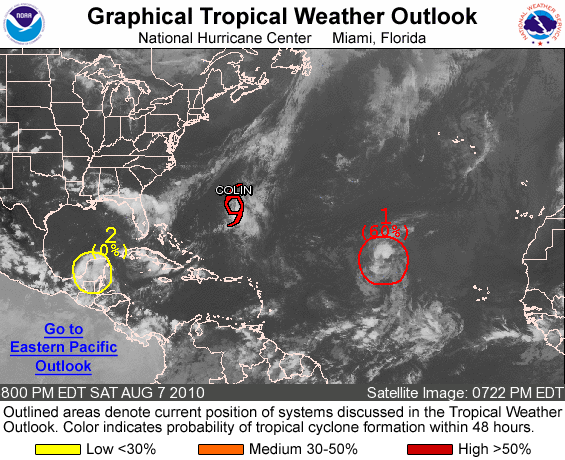
FOR THE NORTH ATLANTIC...CARIBBEAN SEA AND THE GULF OF MEXICO...

THE NATIONAL HURRICANE CENTER IS ISSUING ADVISORIES ON TROPICAL STORM COLIN...LOCATED ABOUT 200 MILES SOUTH-SOUTHWEST OF BERMUDA.

1. SHOWER ACTIVITY ASSOCIATED WITH A LOW PRESSURE AREA LOCATED OVER THE CENTRAL ATLANTIC ABOUT 1050 MILES WEST-NORTHWEST OF THE CAPE VERDE ISLANDS CONTINUE TO SHOW SIGNS OF ORGANIZATION. ENVIRONMENTAL CONDITIONS ARE MOSTLY CONDUCIVE FOR A TROPICAL DEPRESSION TO FORM DURING THE NEXT COUPLE OF DAYS AS THE SYSTEM MOVES TOWARD THE WEST-NORTHWEST AT AROUND 15 MPH. THERE IS A HIGH CHANCE...60 PERCENT...OF THIS SYSTEM BECOMING A TROPICAL CYCLONE DURING THE NEXT 48 HOURS.

2. A TROPICAL WAVE NEAR THE YUCATAN PENINSULA IS PRODUCING DISORGANIZED SHOWERS AND THUNDERSTORMS AS IT MOVES WEST-NORTHWESTWARD AT ABOUT 15 MPH. DEVELOPMENT OF THIS SYSTEM IS NOR EXPECTED DUE TO PROXIMITY TO LAND. THERE IS A LOW CHANCE...NEAR 0 PERCENT...OF THIS SYSTEM BECOMING A TROPICAL CYCLONE DURING THE NEXT 48 HOURS.

ELSEWHERE...TROPICAL CYCLONE FORMATION IS NOT EXPECTED DURING THE NEXT 48 HOURS.

FORECASTER BEVEN